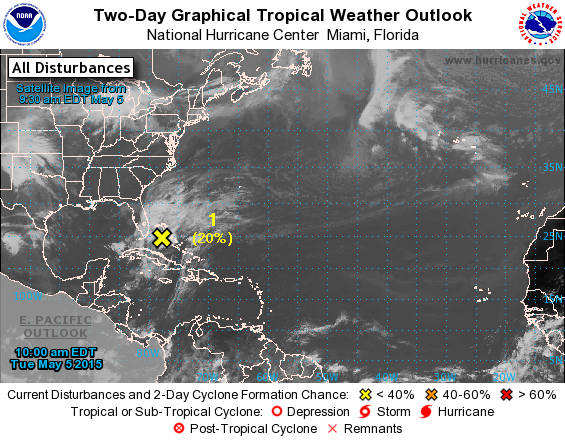
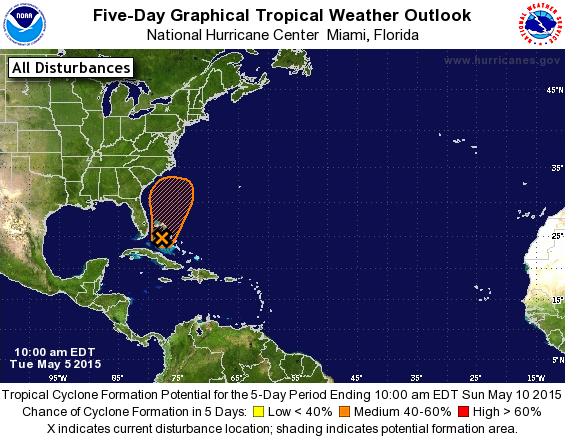
For the North Atlantic...Caribbean Sea and the Gulf of Mexico:

1. A large area of disorganized showers and thunderstorms extending from the northwestern Caribbean Sea across Cuba, southern Florida, and the Bahamas is associated with an upper-level trough and a weak surface trough. An area of low pressure is expected to form in association with this disturbance during the next day or two. The low could gradually acquire subtropical characteristics over the next few days while it moves generally northward at a slow forward speed. For additional information on this system, see High Seas Forecasts issued by the National Weather Service. The next Special Tropical Weather Outlook will be issued on this system by 11 AM EDT Wednesday.
* Formation chance through 48 hours...low...20 percent
* Formation chance through 5 days...medium...40 percent

High Seas Forecasts issued by the National Weather Service are available under AWIPS header NFDHSFAT1, WMO header FZNT01 KWBC, and on the Web at http://www.opc.ncep.noaa.gov/shtml/NFDHSFAT1.shtml.

Forecaster Brennan